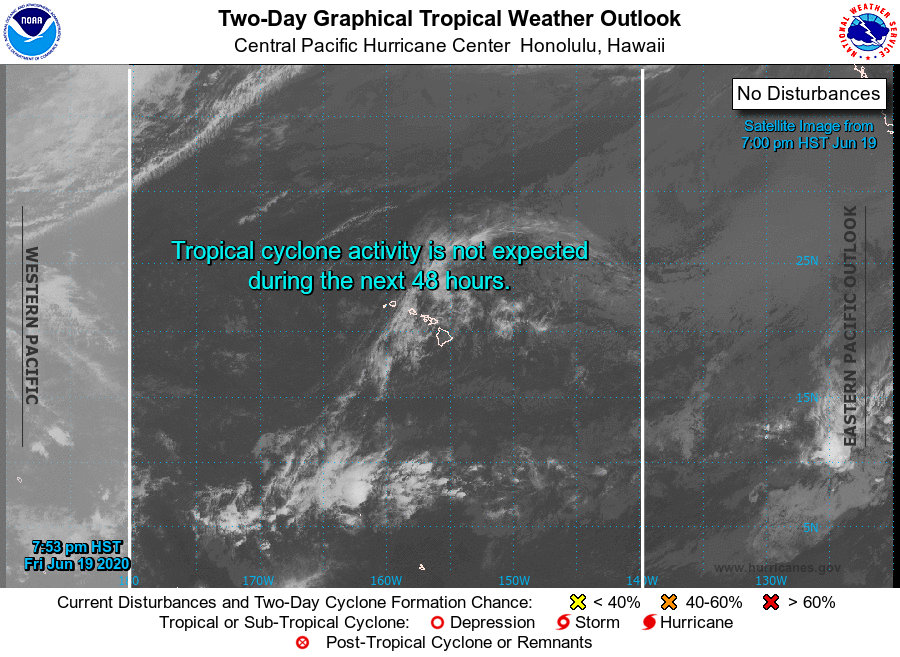
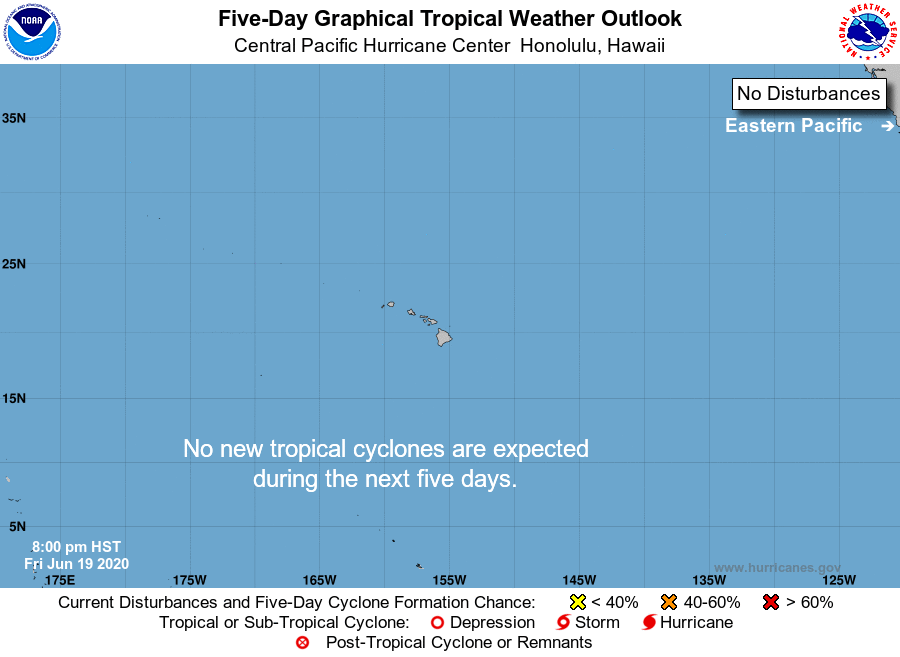
For the central North Pacific...between 140W and 180W:

No tropical cyclones are expected during the next 5 days.

Forecaster Lau